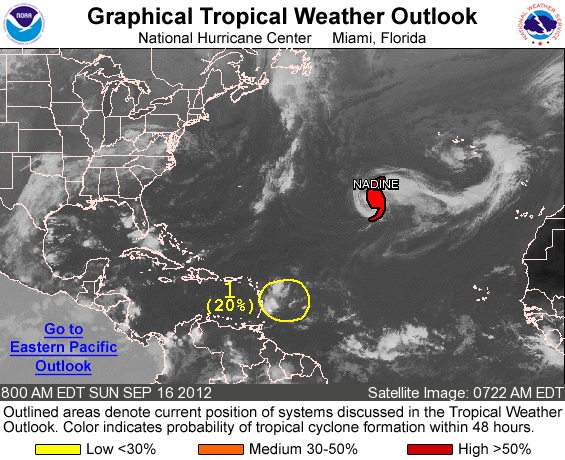
FOR THE NORTH ATLANTIC...CARIBBEAN SEA AND THE GULF OF MEXICO...

THE NATIONAL HURRICANE CENTER IS ISSUING ADVISORIES ON HURRICANE NADINE...LOCATED ABOUT 1135 MILES WEST-SOUTHWEST OF THE AZORES.

1. AN ELONGATED AREA OF LOW PRESSURE LOCATED ABOUT 400 MILES EAST OF THE LESSER ANTILLES IS PRODUCING DISORGANIZED SHOWERS AND A FEW THUNDERSTORMS. ALTHOUGH UPPER-LEVEL WINDS ARE CURRENTLY UNFAVORABLE FOR DEVELOPMENT TO OCCUR...THEY COULD BECOME MORE CONDUCIVE IN A FEW DAYS. THIS SYSTEM HAS A LOW CHANCE...20 PERCENT...OF BECOMING A TROPICAL CYCLONE DURING THE NEXT 48 HOURS AS IT MOVES WESTWARD AT AROUND 15 MPH. REGARDLESS OF DEVELOPMENT...LOCALLY HEAVY RAINS AND SQUALLS COULD AFFECT PORTIONS OF THE LESSER ANTILLES TODAY THROUGH AND MONDAY.

ELSEWHERE...TROPICAL CYCLONE FORMATION IS NOT EXPECTED DURING THE NEXT 48 HOURS.

FORECASTER STEWART